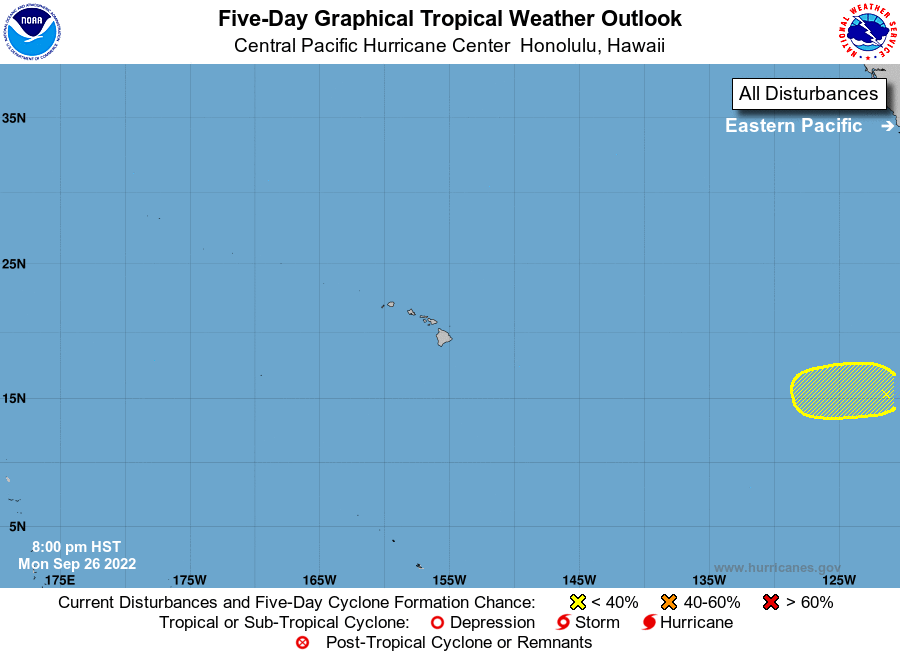
For the central North Pacific...between 140W and 180W:

No tropical cyclones are expected during the next 5 days.

Forecaster Powell